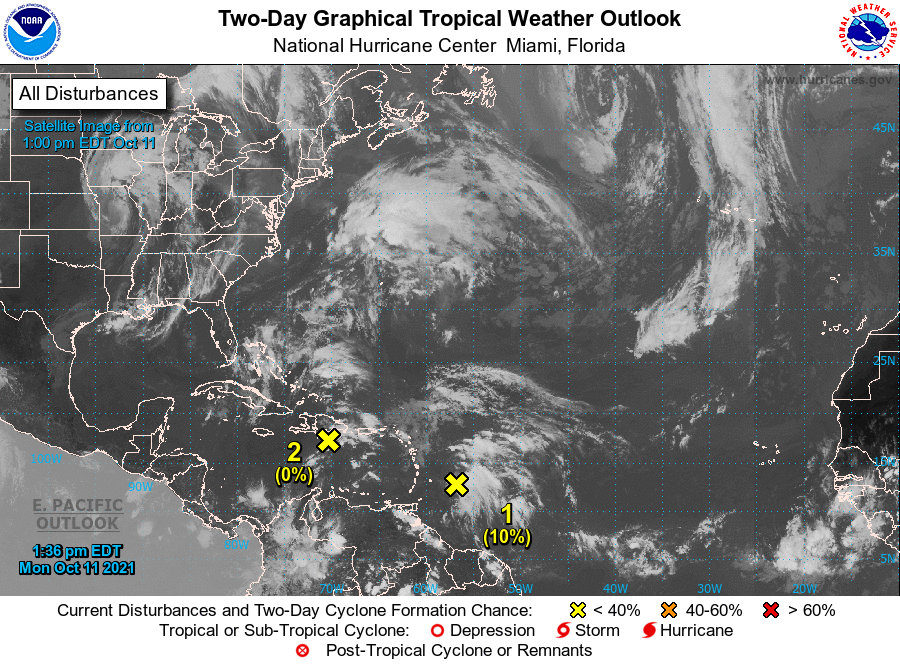
For the North Atlantic...Caribbean Sea and the Gulf of Mexico:

1. A tropical wave located about 200 miles east of the Windward Islands continues to produce showers and a couple of thunderstorms. Recent satellite-derived wind data indicate that the system has not developed a well-defined center. The potential for development of this system has decreased, and strong upper-level winds should prohibit further development on Tuesday. Regardless of development, the system could produce locally heavy rainfall and gusty winds across portions of the central and northern Lesser Antilles on Tuesday.
* Formation chance through 48 hours...low...10 percent.
* Formation chance through 5 days...low...10 percent.

2. Another tropical wave located south of Hispaniola is producing disorganized showers and thunderstorms. Environmental conditions are not expected to support development of this system for the next day or two. However, some gradual development is possible beginning on Wednesday when the system nears the southeastern Bahamas. Regardless of development, locally heavy rainfall is possible over portions of the Lesser Antilles, Puerto Rico, and Hispaniola during the next couple of days.
* Formation chance through 48 hours...low...near 0 percent.
* Formation chance through 5 days...low...20 percent.

Forecaster D. Zelinsky